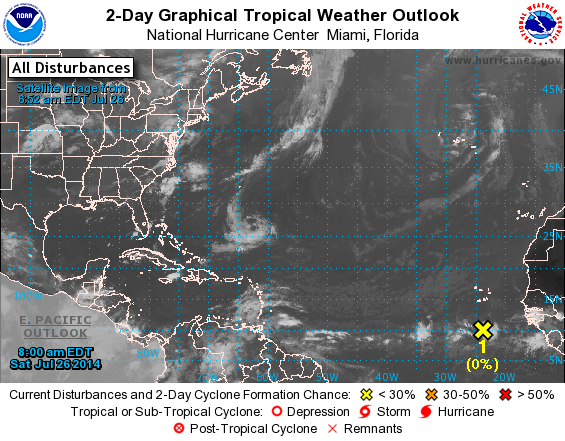
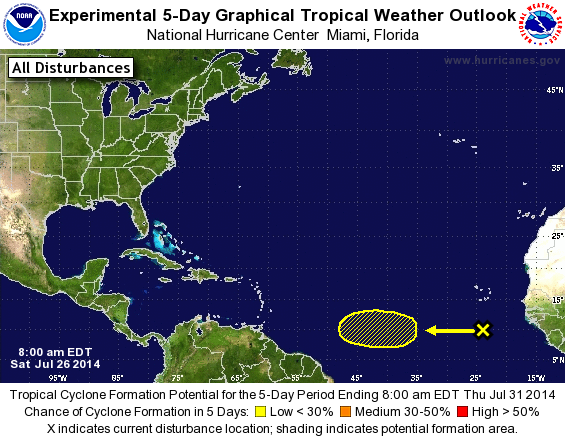
For the North Atlantic...Caribbean Sea and the Gulf of Mexico:

1. A tropical wave located south of the Cape Verde Islands could develop into an area of low pressure over the central tropical Atlantic in a few days. Some slow development of this system is possible by the middle of next week while it moves westward.
* Formation chance through 48 hours...low...near 0 percent
* Formation chance through 5 days...low...20 percent

Forecaster Cangialosi